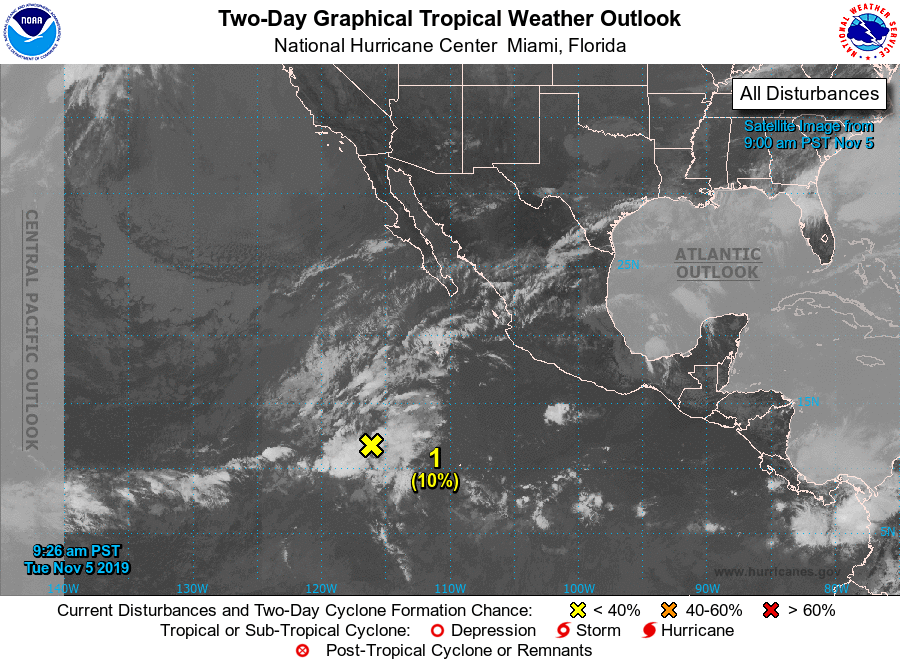
For the eastern North Pacific...east of 140 degrees west longitude:

1. Disorganized cloudiness and showers located several hundred miles south-southwest of the southern tip of the Baja California peninsula are associated with an elongated area of low pressure. Strong upper-level winds currently over the system are forecast to increase and become even less conducive for development during the next day or so while the disturbance moves westward to west-northwestward at 10 to 15 mph.
* Formation chance through 48 hours...low...10 percent.
* Formation chance through 5 days...low...10 percent.

Forecaster Brown